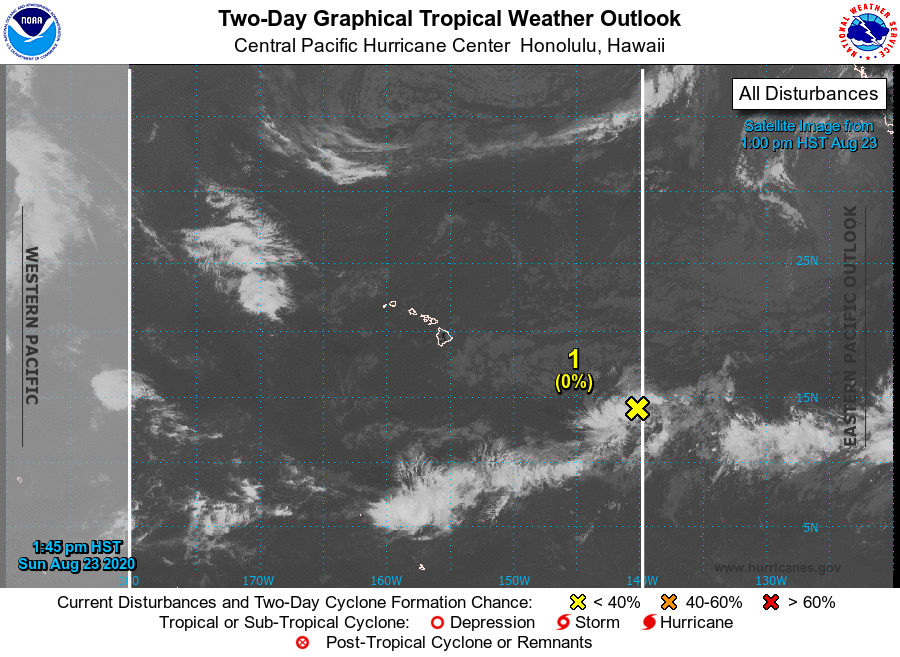
For the central North Pacific...between 140W and 180W:

1. The remnant low of Tropical Depression Ten-E, located around 1035 miles east-southeast of Hilo, Hawaii, is producing disorganized showers and thunderstorms this afternoon. Environmental conditions are expected to become increasingly unfavorable for development during the next couple days as the system tracks slowly east or east-northeastward.
* Formation chance through 48 hours...low...near 0 percent.
* Formation chance through 5 days...low...10 percent.

Elsewhere, no tropical cyclones are expected during the next 5 days.

Forecaster Kinel